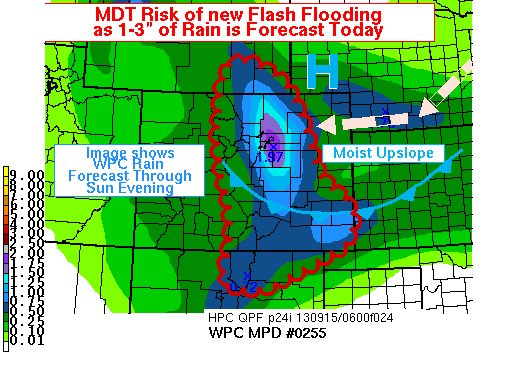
AREAS AFFECTED...CNTRL/ERN CO...SE WY...NE NM

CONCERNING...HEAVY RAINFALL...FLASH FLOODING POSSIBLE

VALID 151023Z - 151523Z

SUMMARY...RATHER HIGH CONFIDENCE IN FORECASTING A MOIST UPSLOPE
EVENT THAT WILL PRODUCE MORE HEAVY RAIN TODAY ALONG THE FRONT
RANGE OF THE COLORADO ROCKIES AND EXTENDING INTO SE CO AND NE NM.

DISCUSSION...EVENTS TODAY APPEAR IDENTIFIABLE WITH MORE LEAD TIME
THAN IS USUALLY AFFORDED FOR CONVECTIVE HEAVY RAINFALL. A SURFACE
COLD FRONT WILL SLIDE SOUTHWARD AND SHOULD STALL BY EVENING OVER
FAR SOUTHERN CO. POST FRONTAL UPSLOPE WILL FOCUS LOW LEVEL
MOISTURE AND LIFT ALONG THE FRONT RANGE OF THE CO ROCKIES...WHILE
A PERSISTENT UPPER LEVEL TROUGH OVER THE FOUR CORNERS MAINTAINS
BROAD SCALE LIFTING ALOFT.

ONE SHORTWAVE TROUGH WILL PUSH INTO CNTRL AND ERN CO DURING MIDDAY
AND THE AFTERNOON...IN SYNC WITH THE SOLAR CYCLE AND TYPICAL
INITIATION TIME FOR THUNDERSTORMS IN THIS REGION. DUE TO THE
TIMING OF THE COLD FRONT...MODEL FORECASTS SUGGEST SOME LOW CLOUDS
MAY KEEP THE ATMOSPHERE MORE STABLE EAST OF INTERSTATE 25 IN NE
AND ERN CO...AND THE AREA OF MAXIMUM INSTABILITY AND HEAVIEST RAIN
INITIALLY WILL LINE UP A LITTLE DEEPER INTO THE MOUNTAINS AND
EXTENDING DOWN ALONG THE COLD FRONT INTO SRN CO. THE PRIMARY
TROUGH AXIS WILL ALSO HANG BACK TO THE WEST...FOCUSING ORGANIZED
RAIN...SOME HEAVY...INTO THE EVENING HOURS OVER SRN CO/NRN NM.

MODEL FORECASTS ARE NEARLY UNANIMOUS IN PRODUCING RAIN IN EXCESS
OF 1 INCH...AND SPOTTY TOTALS IN EXCESS OF 3 INCHES WILL BE
POSSIBLE.